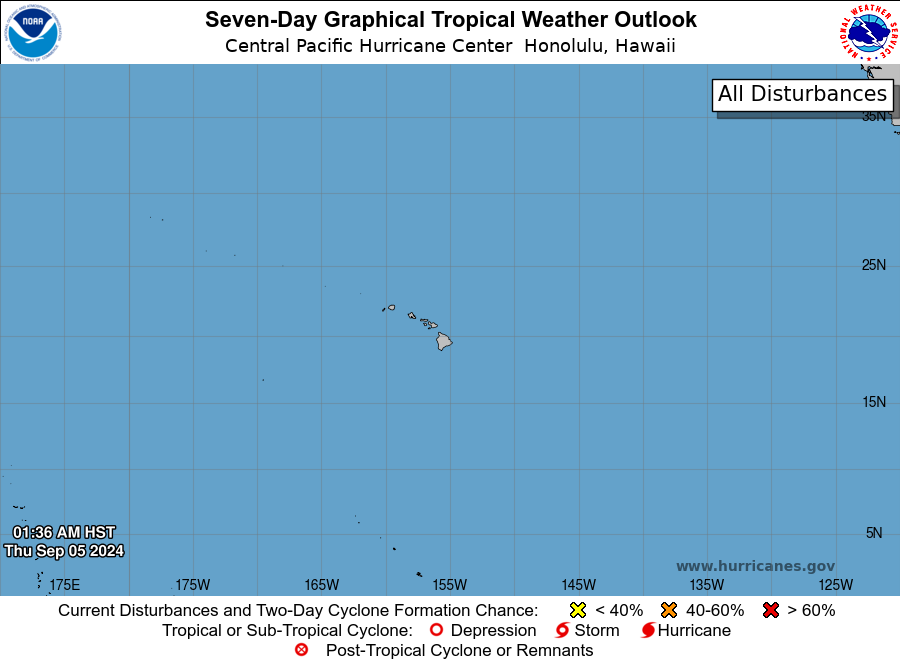
For the central North Pacific...between 140W and 180W:

No tropical cyclones are expected during the next 7 days.

Forecaster Gibbs